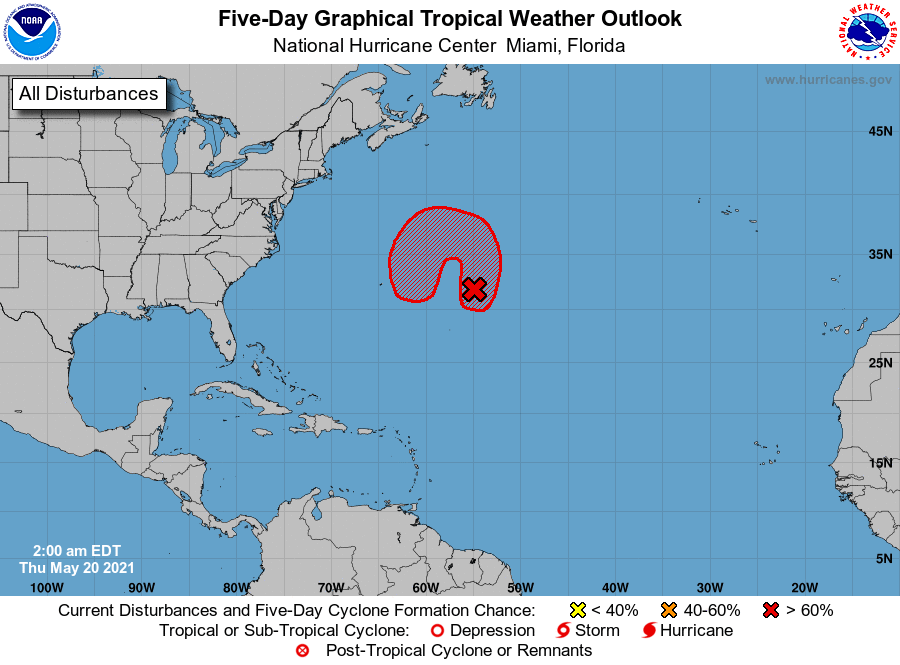
For the North Atlantic...Caribbean Sea and the Gulf of Mexico:

1. A non-tropical low pressure system has developed within a broad area of cloudiness and thunderstorms about 600 miles east-southeast of Bermuda. The low is expected to develop gale-force winds later today while it moves generally northward. The low is forecast to move westward and southwestward over warmer waters on Friday, and will likely become a short-lived subtropical cyclone near and to the northeast of Bermuda on Friday. The system is expected to move toward the north and northeast into a more hostile environment by late Sunday into Monday. For more information on this developing low pressure area, please see High Seas forecasts issued by the NOAA Ocean Prediction Center and forecast products issued by the Bermuda Weather Service.
* Formation chance through 48 hours...medium...50 percent.
* Formation chance through 5 days...high...80 percent.

High Seas Forecasts for this system can be found under AWIPS header NFDHSFAT1, WMO header FZNT01 KWBC, and online at ocean.weather.gov/shtml/NFDHSFAT1.php

Forecaster Stewart